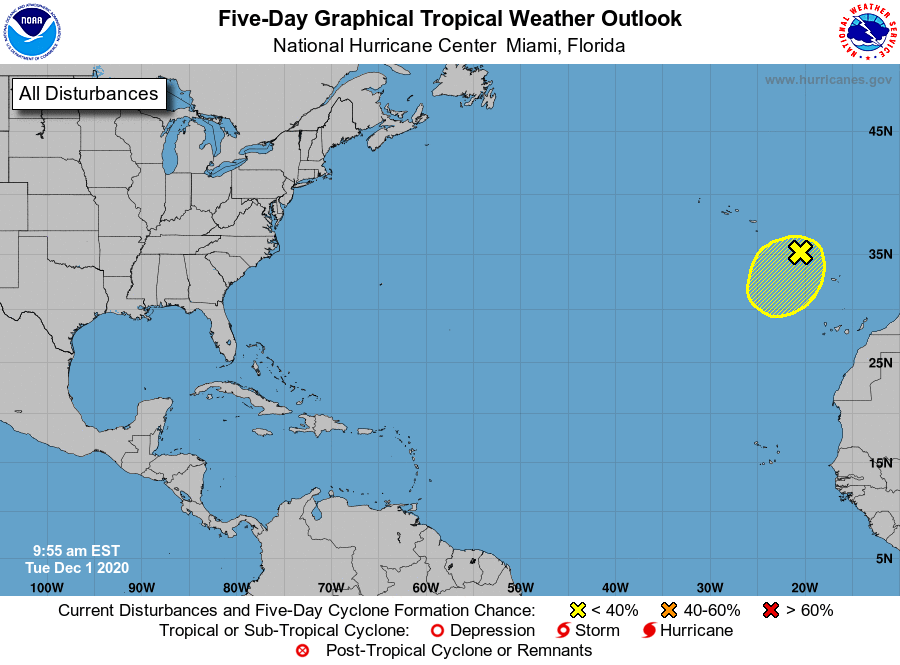
For the North Atlantic...Caribbean Sea and the Gulf of Mexico:

A gale-force, non-tropical low pressure system is centered between the Madeira Islands and the Azores. This system has become less organized during the past 24 hours, and environmental conditions are expected to become less conducive for development as the system moves southwestward during the next day or two. Although subtropical development is now unlikely, this system will continue to produce strong winds and locally heavy rains in the Madeira Islands and the Azores through Wednesday. Additional information on this system can be found in High Seas Forecasts issued by Meteo France.

1. This will be the last Special Tropical Weather Outlook issued on this system. Regularly scheduled Tropical Weather Outlooks will resume on June 1, 2021, while Special Tropical Weather Outlooks will be issued as necessary during the off-season.
* Formation chance through 48 hours...low...10 percent.
* Formation chance through 5 days...low...10 percent.

High Seas Forecasts issued by Meteo France can be found under WMO header FQNT50 LFPW.

Forecaster Beven